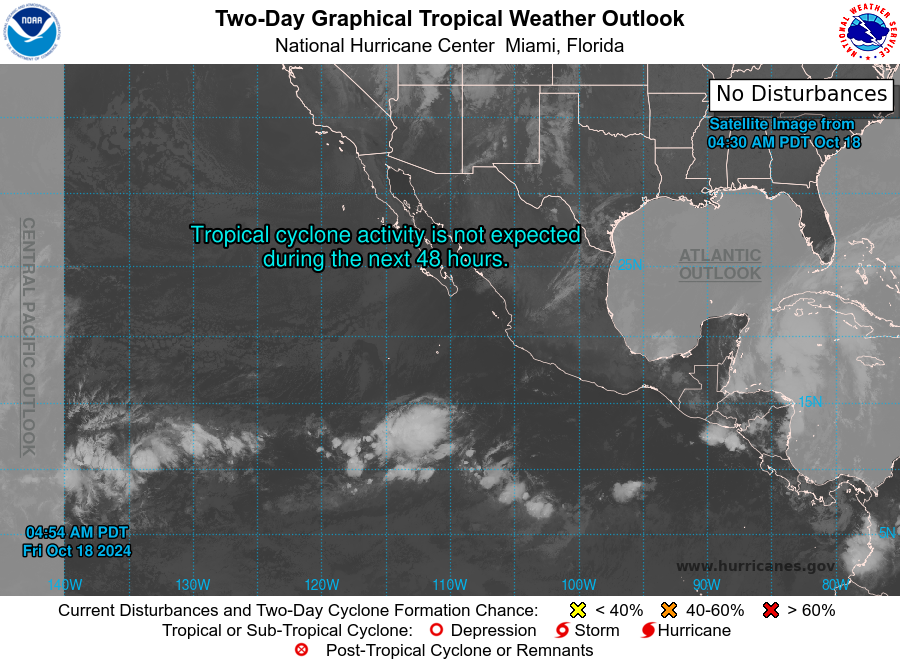
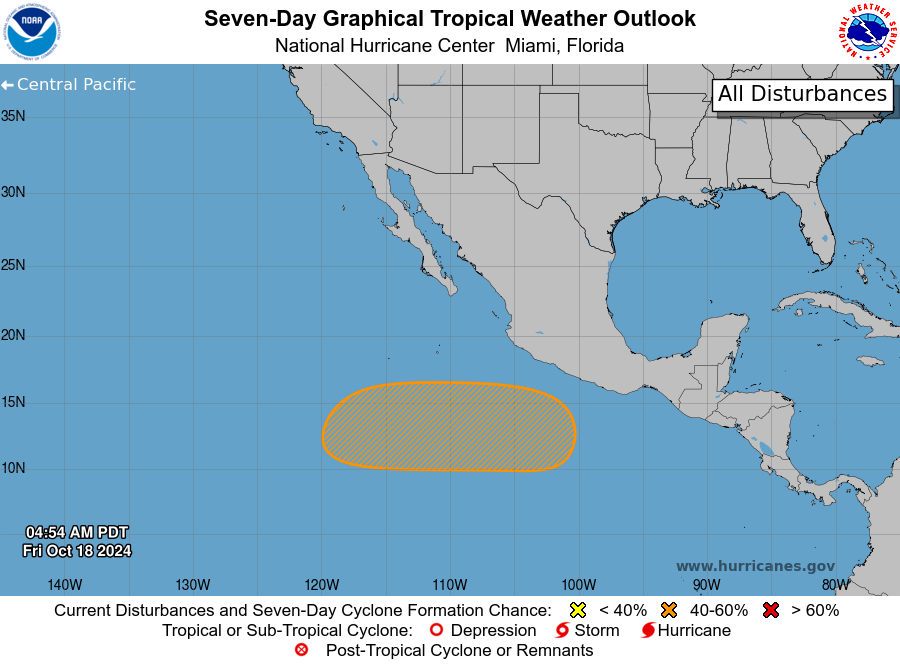
For the eastern North Pacific...east of 140 degrees west longitude:

1. South of Southwestern Mexico: An area of low pressure is expected to form in a few days well offshore of southwestern Mexico. Gradual development is possible thereafter, and a tropical depression could form around the middle of next week as the system moves westward at 10 to 15 mph.
* Formation chance through 48 hours...low...near 0 percent.
* Formation chance through 7 days...medium...50 percent.

Forecaster Hogsett/Cangialosi